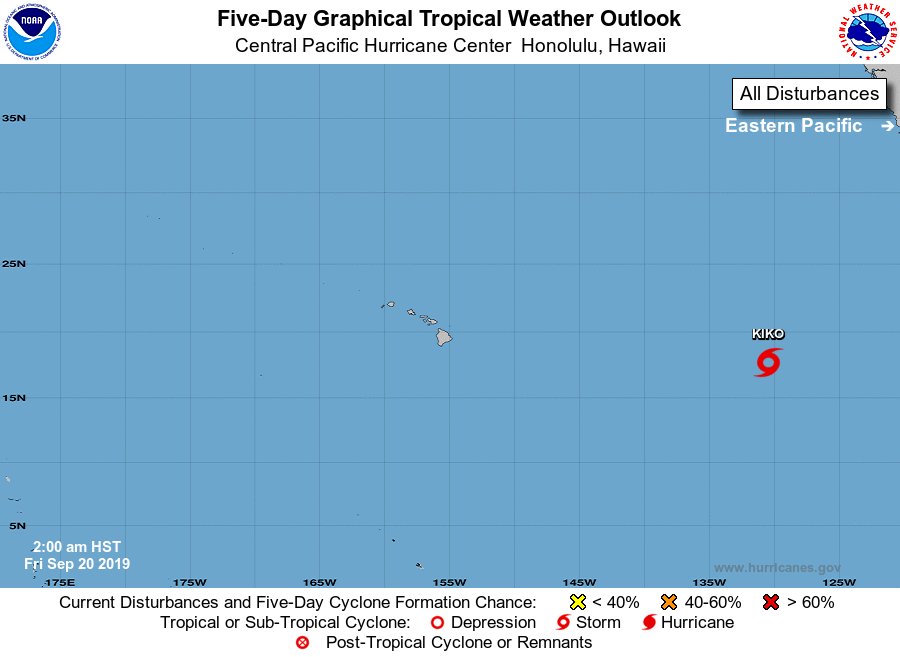
For the central North Pacific...between 140W and 180W:

No tropical cyclones are expected through the next 5 days.

Forecaster TS